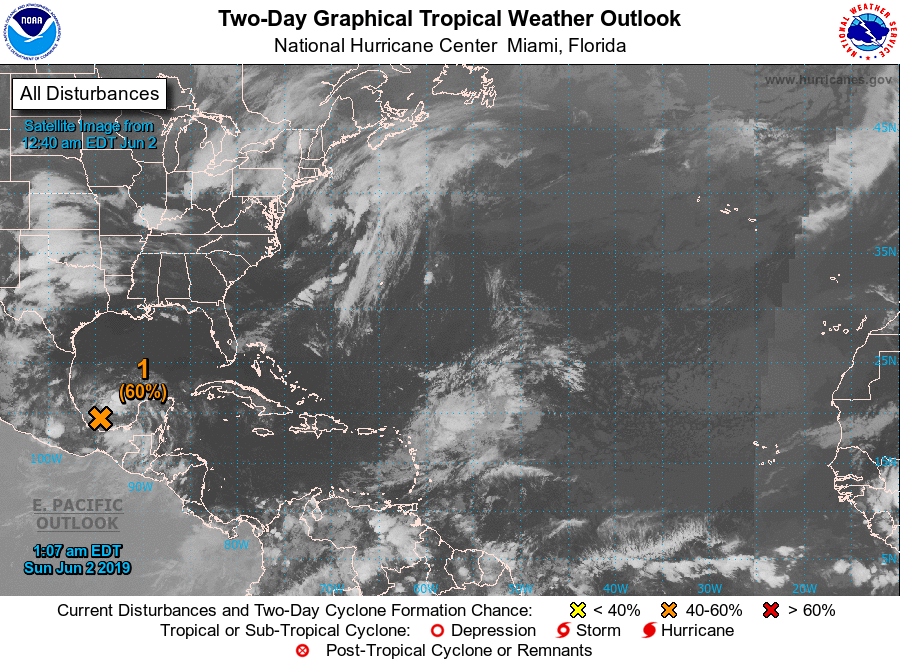
For the North Atlantic...Caribbean Sea and the Gulf of Mexico:

1. A low pressure system located over the southern Bay of Campeche is producing disorganized shower and thunderstorm activity. This system is expected to move slowly west-northwestward toward the coast of Mexico, and it could become a tropical cyclone before it moves inland early next week. Regardless of development, the disturbance will likely produce heavy rainfall over portions of southern and eastern Mexico during the next few days. An Air Force Reserve reconnaissance aircraft is scheduled to investigate the disturbance later today, if necessary. Interests along the Gulf coast of Mexico should monitor the progress of this system.
* Formation chance through 48 hours...medium...60 percent.
* Formation chance through 5 days...medium...60 percent.

Forecaster Beven